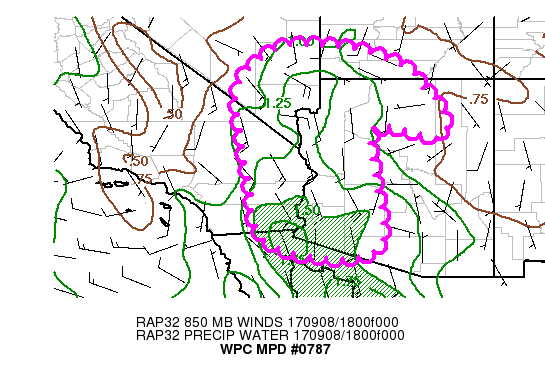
AREAS AFFECTED...SOUTHERN NV....SOUTHEAST CA...WESTERN AZ

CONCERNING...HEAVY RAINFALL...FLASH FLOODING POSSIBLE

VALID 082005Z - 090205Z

SUMMARY...DEVELOPING SHOWERS AND THUNDERSTORMS COULD PRODUCE HEAVY
RAINFALL WITH THE POTENTIAL FOR FLASH FLOODING.

DISCUSSION...DAYTIME HEATING HAS LED TO DEVELOPMENT OF SHOWERS AND
THUNDERSTORMS IN SOUTHEAST CA TO WESTERN AZ AND SOUTHERN NV.

THE MODELS AND 18Z SOUNDINGS FROM LAS VEGAS AND YUMA AZ SHOW ABOVE
NORMAL MOISTURE WITH THE YUMA SOUNDING INDICATING 1.6 INCHES OF
PRECIPITABLE WATER.  THESE VALUES ARE 1-2 STD DEVIATIONS ABOVE
NORMAL.  THE ABOVE NORMAL MOISTURE COMBINED WITH THE CAPE VALUES
OF 2000-3000 J/KG FROM THE YUMA SOUNDING SHOW PLENTY OF AVAILABLE
INSTABILITY.

THERE WERE EARLIER SHOWERS IN LAS VEGAS SO ADDITIONAL SHOWERS
DEVELOPING IN THE AREA COULD LEAD TO FLOODING PROBLEMS NOW THAT
SOILS HAVE BECOME WETTER.

ADDITIONAL SHOWERS ARE FORECAST TO DEVELOPING FURTHER SOUTH INTO
SOUTHEAST CA AND WESTERN AZ...INCLUDING IN TERRAIN.
THE OBSERVED AND FORECAST SOUNDINGS ACROSS SOUTHEAST CA/WESTERN
AZ/SOUTHERN NV INDICATE DEEP SOUTHERLY FLOW.  THIS PROMOTES SOUTH
TO NORTH MOVEMENT.

GIVEN LITTLE DIRECTIONAL WIND SHEAR...
PERIOD OF TRAINING CELLS ARE POSSIBLE.  WHERE TRAINING
OCCURS...AMOUNTS OF 1-2 INCHES ARE POSSIBLE....SUPPORTED BY THE
12Z WRF ARW AND NSSL WRF. THUS SOME FLASH FLOODING WILL BE
POSSIBLE.